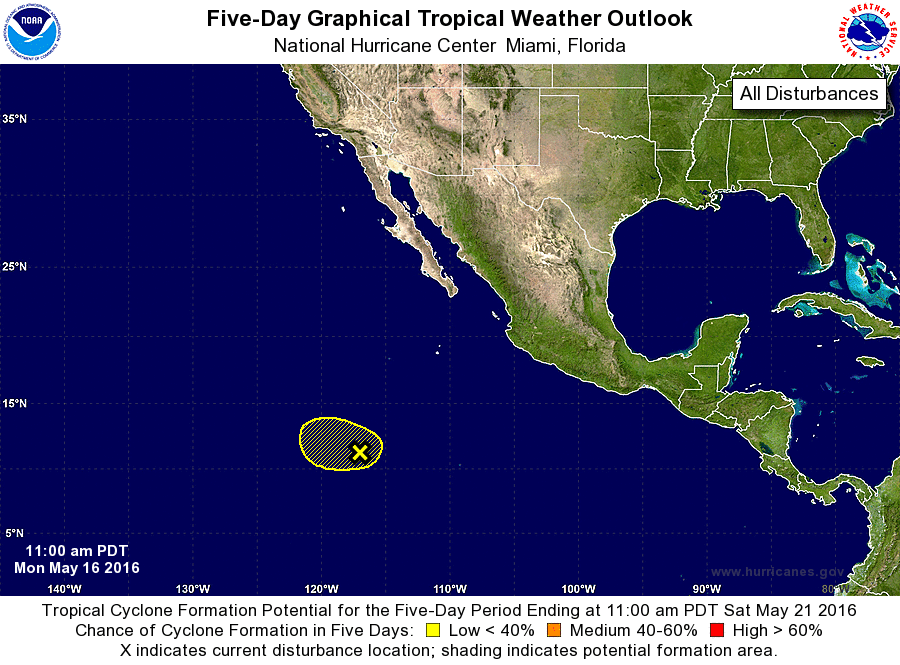
For the eastern North Pacific...east of 140 degrees west longitude:

1. A small area of low pressure located about 900 miles south-southwest of the southern tip of the Baja California peninsula is moving toward the west-northwest at 5 to 10 mph. Shower activity is very limited and further development of this low is unlikely due to unfavorable upper-level winds.
* Formation chance through 48 hours...low...10 percent
* Formation chance through 5 days...low...10 percent

Forecaster Avila